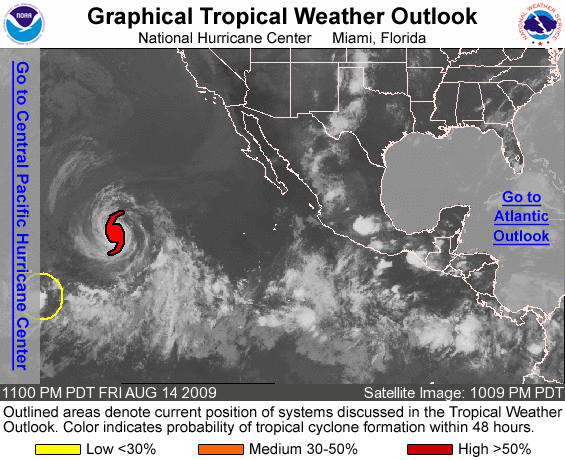
FOR THE EASTERN NORTH PACIFIC...EAST OF 140 DEGREES WEST LONGITUDE..

THE NATIONAL HURRICANE CENTER IS ISSUING ADVISORIES ON HURRICANE GUILLERMO...LOCATED ABOUT 1385 MILES WEST OF THE SOUTHERN TIP OF BAJA CALIFORNIA.

1. THE REMNANT LOW OF TROPICAL DEPRESSION NINE-E IS LOCATED ABOUT 1175 MILES SOUTHEAST OF THE HAWAIIAN ISLANDS. WHILE SHOWERS AND THUNDERSTORMS ASSOCIATED WITH THIS SYSTEM HAVE INCREASED OVER THE PAST FEW HOURS...ANY RE-DEVELOPMENT WILL BE SLOW TO OCCUR. THERE IS A LOW CHANCE...LESS THAN 30 PERCENT...OF THIS SYSTEM BECOMING A TROPICAL CYCLONE DURING THE NEXT 48 HOURS.

ELSEWHERE...TROPICAL CYCLONE FORMATION IS NOT EXPECTED DURING THE NEXT 48 HOURS.

FORECASTER BRENNAN